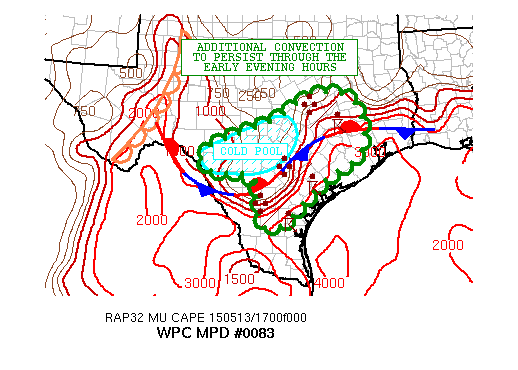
AREAS AFFECTED...SOUTH TEXAS

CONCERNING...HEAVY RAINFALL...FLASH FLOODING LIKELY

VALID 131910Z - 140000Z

SUMMARY...ADDITIONAL CLUSTERS OF HEAVY SHOWERS AND THUNDERSTORMS
WILL PERSIST INTO THE EARLY EVENING HOURS.

DISCUSSION...THE LATEST WV/GOES-RGB IMAGERY INDICATES A
WELL-DEFINED AND SHARP UPPER TROUGH CROSSING THE RIO GRANDE VALLEY
EARLY THIS AFTERNOON AND THIS ENERGY WILL BE LIFTING NORTHEAST
THROUGH THE EVENING HOURS ACROSS THE SOUTHERN PLAINS. STRONG
FORCING/UPPER LEVEL DIVERGENCE COUPLED WITH A MOIST AND A
PERSISTENT S/SE LOW LEVEL JET SHOULD HELP TO GENERALLY SUSTAIN A
LARGE AREA OF SLOW-MOVING CONVECTION ALREADY IMPACTING PORTIONS OF
SOUTH TEXAS.

THE CONVECTION IS HELPING TO GENERATE A WELL-DEFINED COLD POOL
OVER PORTIONS OF THE TEXAS HILL COUNTRY...BUT WITH A LARGE POOL OF
MODERATE INSTABILITY CONTINUING TO FEED IN OFF THE WESTERN GULF OF
MEXICO AND UP THE LOWER RIO GRANDE VALLEY...CONVECTION NEAR THE
COLD POOL AND UP ALONG A STATIONARY FRONT IS EXPECTED TO CONTINUE
TO REGENERATE. THE STRONGER DYNAMICS ALOFT ASSOCIATED WITH THE
TROUGH ALOFT SHOULD BEGIN TO LIFT AWAY BY 00Z...AND SO THE
CONVECTION MAY TEND TO WANE IN ORGANIZATION BY THAT TIME.

THE 12Z ARW AND LATEST HRRR SUPPORT ADDITIONAL RAINFALL AMOUNTS OF
2 TO 4 INCHES WITH LOCALLY HEAVIER AMOUNTS THROUGH 00Z. GIVEN VERY
HEAVY RAINS OF LATE...SOIL CONDITIONS ARE EXPECTED TO BE SATURATED
AND SO ANY ADDITIONAL HEAVY RAINS SHOULD RESULT IN ADDITIONAL
FLASH FLOODING CONCERNS. WILL CONTINUE TO MONITOR.